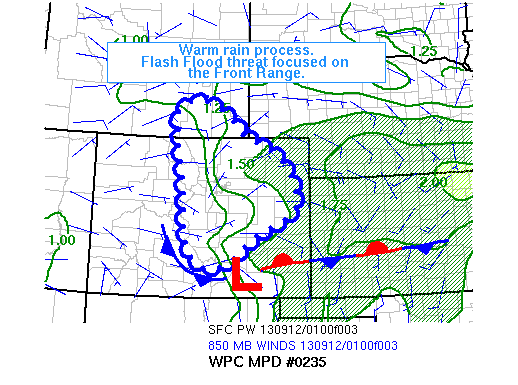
AREAS AFFECTED...CENTRAL AND NORTHERN CO...SE WY

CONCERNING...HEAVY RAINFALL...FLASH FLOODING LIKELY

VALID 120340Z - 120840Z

SUMMARY...UNIQUE FLASH FLOOD THREAT WAS EVOLVING ALONG THE
COLORADO FRONT RANGE. ENVIRONMENT FAVORING HEAVY RAIN RATES WITH
LITTLE OR NO LIGHTNING...EXPECTED TO PERSIST OVERNIGHT. FLASH
FLOOD PRONE AREAS ALONG THE ROCKIES FRONT RANGE ARE AT RISK FOR
SIGNIFICANT FLASH FLOODING.

DISCUSSION...AT 03Z WE NOTE RECENT FLASH FLOOD WARNINGS AND
OBSERVED RAIN RATES AS HIGH AS 1 INCH IN A HALF HOUR FROM PUEBLO
TO BOULDER. DNR RAOB INDICATED DEEPLY SATURATED LOW LEVELS WITH
WEAK BUT SUFFICIENT CAPE TO SUPPORT DEEP MOIST CONVECTION.
FREEZING LEVEL WAS RATHER HIGH...AT OVER 10000 FT AGL...AND RADAR
REVEALED CLOUD TOPS PEAKING NEAR 25000 FT AGL. PER THE
SOUNDING...MUCH OF THE CLOUD BEARING LAYER WAS WARMER THAN
-12C...WITH VERY WARM AND SATURATED LOW LEVELS. THIS YIELDS A
LIKELY WARM RAIN PROCESS WHICH MATCHES THE ABSENCE OF LIGHTNING
AND INTENSITY OF THE OBSERVED RAIN RATES. AND THE SATURATED LOW
LEVELS WERE LEAVING LITTLE ROOM FOR COLD POOL PRODUCTION.
THIS...COMBINED WITH LIGHT MID LEVEL STEERING WINDS...WILL YIELD
SLOW CELL MOVEMENT TO THE NORTH AND WEST.

ALREADY ONE MCV APPEARED TO HAVE FORMED BETWEEN DENVER AND
BOULDER...AND THIS CIRCULATION WAS FOCUSING A BAND OF TRAINING
ECHOES FROM EAST TO WEST. KFTG DUAL POL RAIN ESTIMATES APPEARED
REASONABLE...WITH THREE HOUR AMOUNTS APPROACHING 2.5 INCHES IN
THIS BAND. THE CONCERN IS THAT THIS REGION WILL REMAIN BENEATH
DIFFLUENT UPPER LEVELS THAT WILL MAINTAIN WEAK INSTABILITY TO
OFFSET THE STABILIZING INFLUENCE OF THE CONVECTION... ALLOWING FOR
A RELATIVELY LONG DURATION PERIOD OF THIS TYPE OF ORGANIZED HEAVY
RAINFALL. HIGH RESOLUTION MODELS BEAR THIS OUT...WITH THE WRF
ARW...NSSL WRF...NAM CONEST...AND THE MEAN OF THE EXPERIMENTAL
SREF RUNS PREDICTING POCKETS OF 3-4 INCH RAINFALL AMIDST AN EAST
TO WEST SWATH OF HEAVY RAIN OVER NORTHEAST COLORADO TONIGHT. OTHER
MORE ISOLATED CELLS WILL BE POSSIBLE FARTHER SOUTH...AND THE MAIN
BAND MAY TEND TO LIFT NORTHWARD...AFFECTING SOUTHEAST WYOMING.

WITH INITIAL ACTIVITY SHOWING TENDENCY TO BECOME BETTER ORGANIZED
AS IT FEEDS INTO THE ZONE OF CONVERGENT 850 MB WINDS ALONG THE
FRONT RANGE...SOME OF THE HEAVIEST RAIN MAY AFFECT TERRAIN THAT IS
VERY PRONE TO FLASH FLOODING. LACK OF LIGHTNING WILL MAKE THIS A
DECEPTIVE RAINFALL...PERHAPS MASKING THE DANGERS OF FLASH FLOODING.